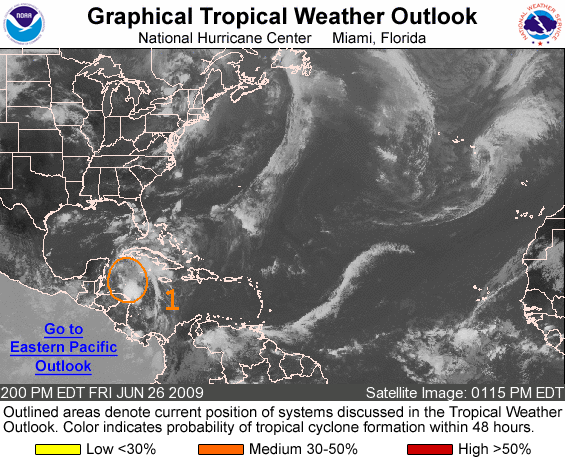
FOR THE NORTH ATLANTIC...CARIBBEAN SEA AND THE GULF OF MEXICO...

1. A TROPICAL WAVE OVER THE WESTERN CARIBBEAN SEA CONTINUES TO PRODUCE A LARGE AREA OF SHOWERS AND THUNDERSTORMS FROM CUBA AND THE CAYMAN ISLANDS SOUTHWESTWARD TO HONDURAS. NO SIGNIFICANT DEVELOPMENT OF THIS SYSTEM IS EXPECTED BEFORE IT REACHES THE YUCATAN PENINSULA EARLY SATURDAY...BUT CONDITIONS ARE FORECAST TO BECOME A LITTLE MORE FAVORABLE ONCE IT MOVES INTO THE SOUTHERN GULF OF MEXICO LATE SATURDAY OR SUNDAY. THERE IS A MEDIUM CHANCE...30 TO 50 PERCENT... OF THIS SYSTEM BECOMING A TROPICAL CYCLONE DURING THE NEXT 48 HOURS. LOCALLY HEAVY RAINS WILL CONTINUE OVER PORTIONS OF CUBA AND THE CAYMAN ISLANDS TODAY AND SPREAD WESTWARD OVER NORTHERN CENTRAL AMERICA AND THE YUCATAN PENINSULA OVER THE NEXT DAY OR SO.

ELSEWHERE...TROPICAL CYCLONE FORMATION IS NOT EXPECTED DURING THE NEXT 48 HOURS.

FORECASTER BERG